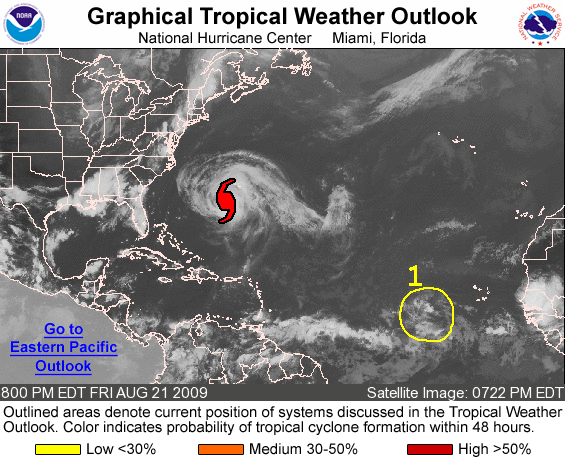
FOR THE NORTH ATLANTIC...CARIBBEAN SEA AND THE GULF OF MEXICO...

THE NATIONAL HURRICANE CENTER IS ISSUING ADVISORIES ON HURRICANE BILL...LOCATED ABOUT 200 MILES SOUTHWEST OF BERMUDA.

1. AN AREA OF DISTURBED WEATHER ASSOCIATED WITH A TROPICAL WAVE LOCATED ABOUT 625 MILES SOUTHWEST OF THE CAPE VERDE ISLANDS IS PRODUCING LIMITED SHOWER AND THUNDERSTORM ACTIVITY. THIS SYSTEM IS EXPECTED TO MOVE WESTWARD AT ABOUT 15 MPH OVER THE NEXT COUPLE OF DAYS AND FURTHER DEVELOPMENT...IF ANY...WILL BE SLOW TO OCCUR. THERE IS A LOW CHANCE...LESS THAN 30 PERCENT...OF THIS SYSTEM BECOMING A TROPICAL CYCLONE DURING THE NEXT 48 HOURS.

ELSEWHERE...TROPICAL CYCLONE FORMATION IS NOT EXPECTED DURING THE NEXT 48 HOURS.

FORECASTER BRENNAN